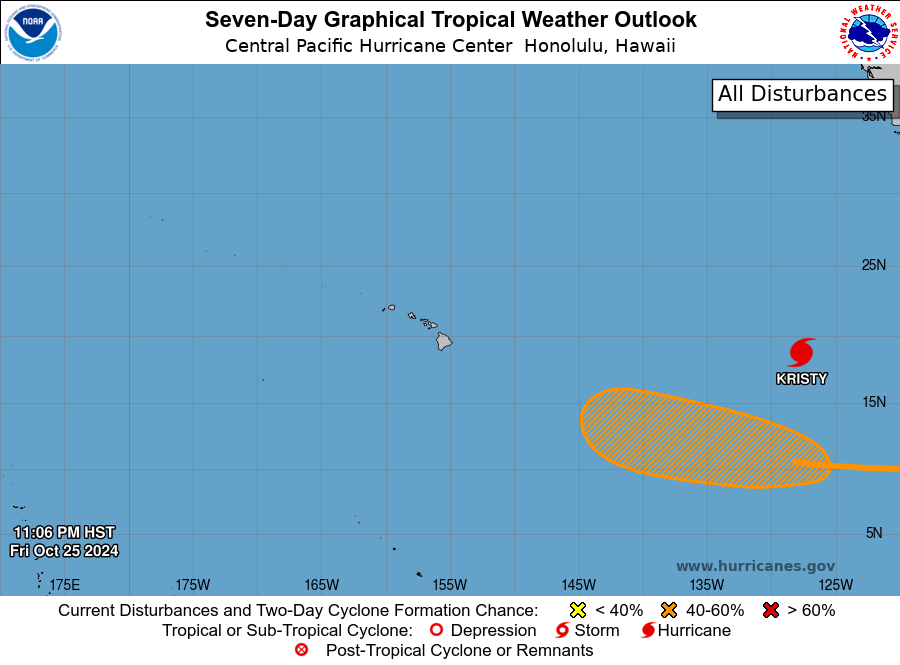
For the central North Pacific...between 140W and 180W:

1. Over 2750 miles east-southeast of Hilo, Hawaii: A large area of showers and thunderstorms is currently located well to the southwest of the southwestern coast of Mexico. An area of low pressure could develop from this system over the next couple of days as it moves into the western part of the East Pacific. Environmental conditions are then forecast to be conducive for additional development, and a tropical depression could form by the middle of next week while the system moves westward or west-northwestward at about 15 mph. This system is expected to move into the central Pacific basin on Wednesday or Thursday.
* Formation chance through 48 hours...low...near 0 percent.
* Formation chance through 7 days...medium...40 percent.

Forecaster M Ballard